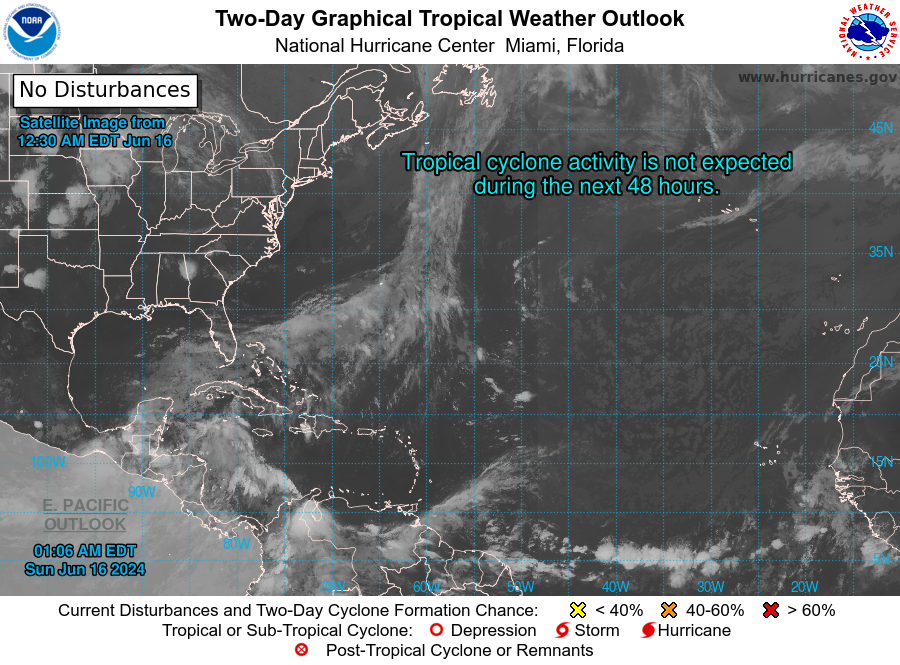
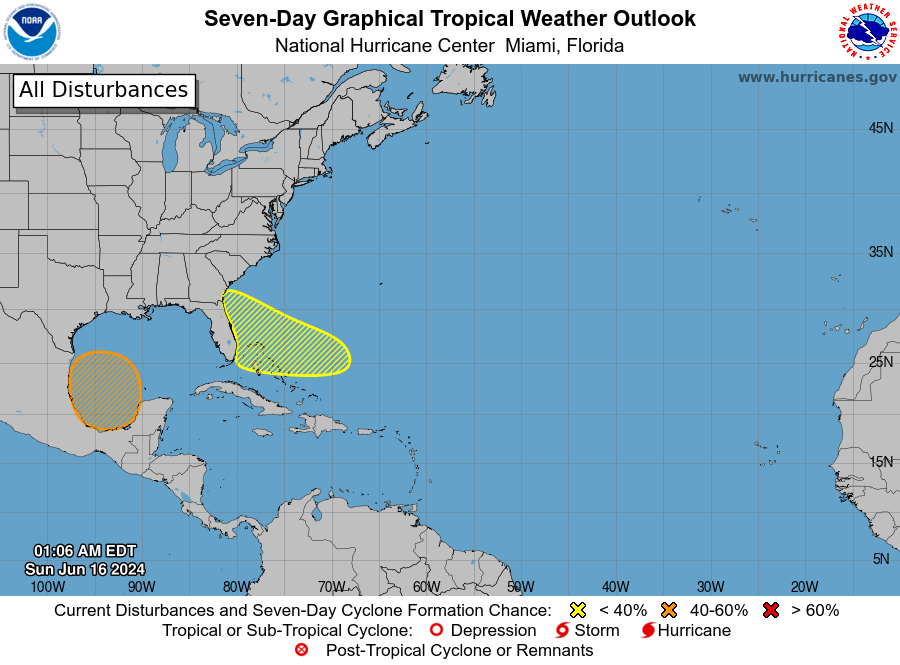
For the North Atlantic...Caribbean Sea and the Gulf of Mexico:

1. Southwestern Gulf of Mexico: A broad area of low pressure is forecast to form over the southwestern Gulf of Mexico in a day or two. Environmental conditions appear conducive for gradual development of this system, and a tropical depression could form by midweek while it moves slowly westward or west-northwestward. Regardless of development, several days of heavy rainfall are expected across portions of southern Mexico and Central America. These rains are likely to cause life-threatening flooding and flash flooding.
* Formation chance through 48 hours...low...near 0 percent.
* Formation chance through 7 days...medium...60 percent.

2. Southwestern Atlantic Ocean: An area of low pressure is forecast to form by midweek a few hundred miles northeast of the central Bahamas. Environmental conditions could be conducive for some development of this system thereafter while it moves westward or west-northwestward.
* Formation chance through 48 hours...low...near 0 percent.
* Formation chance through 7 days...low...30 percent.

Forecaster Blake